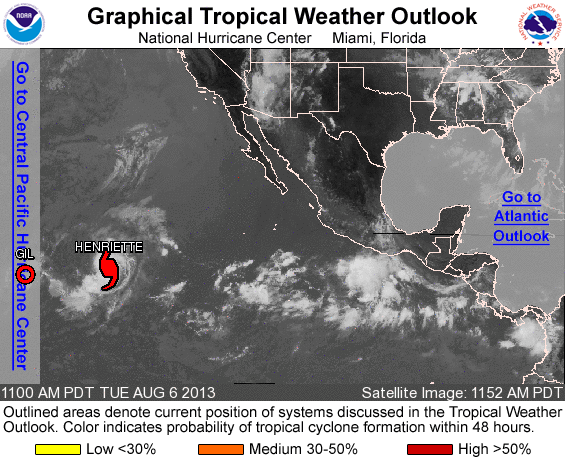
FOR THE EASTERN NORTH PACIFIC...EAST OF 140 DEGREES WEST LONGITUDE..

THE NATIONAL HURRICANE CENTER IS ISSUING ADVISORIES ON HURRICANE HENRIETTE...LOCATED FAR TO THE WEST-SOUTHWEST OF THE BAJA CALIFORNIA PENINSULA.

TROPICAL CYCLONE FORMATION IS NOT EXPECTED DURING THE NEXT 48 HOURS.

OTHER SYSTEMS WITH FORMATION POTENTIAL BEYOND 48 HOURS...

A BROAD LOW PRESSURE AREA IS FORECAST TO FORM WELL OFFSHORE OF THE SOUTHWESTERN COAST OF MEXICO BY LATE WEEK. SOME DEVELOPMENT OF THIS SYSTEM IS POSSIBLE...AND IT HAS A LOW CHANCE...NEAR 0 PERCENT...OF BECOMING A TROPICAL CYCLONE DURING THE NEXT 48 HOURS...AND A MEDIUM CHANCE...30 PERCENT...OF BECOMING A TROPICAL CYCLONE DURING THE NEXT 5 DAYS.

&&
FIVE-DAY FORMATION PROBABILITIES ARE EXPERIMENTAL IN 2013. COMMENTS ON THE EXPERIMENTAL FORECASTS CAN BE PROVIDED AT...

HTTP://WWW.NWS.NOAA.GOV/SURVEY/NWS-SURVEY.PHP?CODE=ETWO

FORECASTER BEVEN